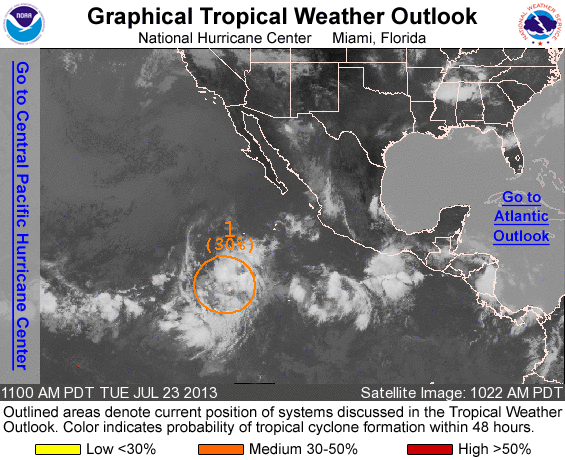
FOR THE EASTERN NORTH PACIFIC...EAST OF 140 DEGREES WEST LONGITUDE..

1. CLOUDINESS AND SHOWERS ASSOCIATED WITH AN ELONGATED AREA OF LOW PRESSURE CENTERED ABOUT 850 MILES SOUTH-SOUTHWEST OF THE SOUTHERN TIP OF BAJA CALIFORNIA HAVE NOT BECOME ANY BETTER ORGANIZED DURING THE PAST SEVERAL HOURS. HOWEVER...ENVIRONMENTAL CONDITIONS ARE FORECAST TO BECOME A LITTLE MORE CONDUCIVE ON WEDNESDAY. THIS SYSTEM HAS A MEDIUM CHANCE...30 PERCENT...OF BECOMING A TROPICAL CYCLONE DURING THE NEXT 48 HOURS AS IT CONTINUES TO MOVE WESTWARD AT ABOUT 15 MPH.

ELSEWHERE...TROPICAL CYCLONE FORMATION IS NOT EXPECTED DURING THE NEXT 48 HOURS.

FORECASTER AVILA